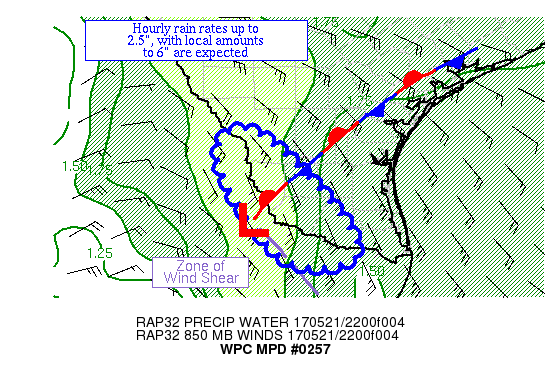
AREAS AFFECTED...WESTERN PORTIONS OF DEEP SOUTH TX

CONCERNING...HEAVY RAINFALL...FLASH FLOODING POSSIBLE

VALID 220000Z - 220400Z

SUMMARY...A COUPLE TRAINING CLUSTERS OF CONVECTION COULD LEAD TO
HOURLY RAIN RATES OF 2.5" AND LOCAL AMOUNTS TO 6".

DISCUSSION...CONVECTION NEAR THE RIO GRANDE HAS BEEN STRUGGLING TO
MOVE EASTWARD TODAY, WEAKENING SIGNIFICANTLY AS IT MOVES INTO A
MORE STABLE ENVIRONMENT.  THE LONGER-LIVED CLUSTERS APPEAR TO BE
MOVING PARALLEL TO AN INSTABILITY GRADIENT AND NEAR A ZONE OF
HORIZONTAL WIND SHEAR WHICH IS ORIENTED NORTHWEST/ SOUTHEAST INTO
DEEP SOUTH TX AND WITHIN A DIFFLUENT AREA OF 1000-500 HPA
THICKNESS.  A SHORTWAVE MOVING ACROSS THE TX BIG BEND IS AIDING
DIVERGENCE ALOFT.  PRECIPITABLE WATER VALUES OF 2-2.25" EXIST
HERE, INFLOW AT 850 HPA IS SOUTH-SOUTHEAST AT 20 KTS.  AT THE
STORM BASE, THIS IS NETTING ABOUT 45 KTS OF INFLOW AS THE STORMS
MOVE SOUTHEAST AT 25 KTS.  EFFECTIVE BULK SHEAR IS 55 KTS.

THE EXPECTATION IS FOR THE PARADE OF STORMS TO CONTINUE MOVING
SOUTHEAST AT 25 KTS.  RADAR INDICATIONS ARE THAT 5-6" OF RAIN FELL
ACROSS NORTHEAST MEXICO WHERE THE CLUSTERS HAVE PASSED BY, AND THE
12Z SPC WRF BEST FITS THIS IDEA.  HOURLY RAIN RATES UP TO 2.5"
WITH LOCAL AMOUNTS UP TO 6" COULD LEAD TO FLASH FLOODING.  THE 12Z
GFS-BASED GALVEZ-DAVISON INDEX INDICATES THAT STORM COVERAGE
SHOULD BEGIN TO WANE IN THIS REGION BEYOND 03Z, SO USED A FOUR
HOUR EXPIRATION.